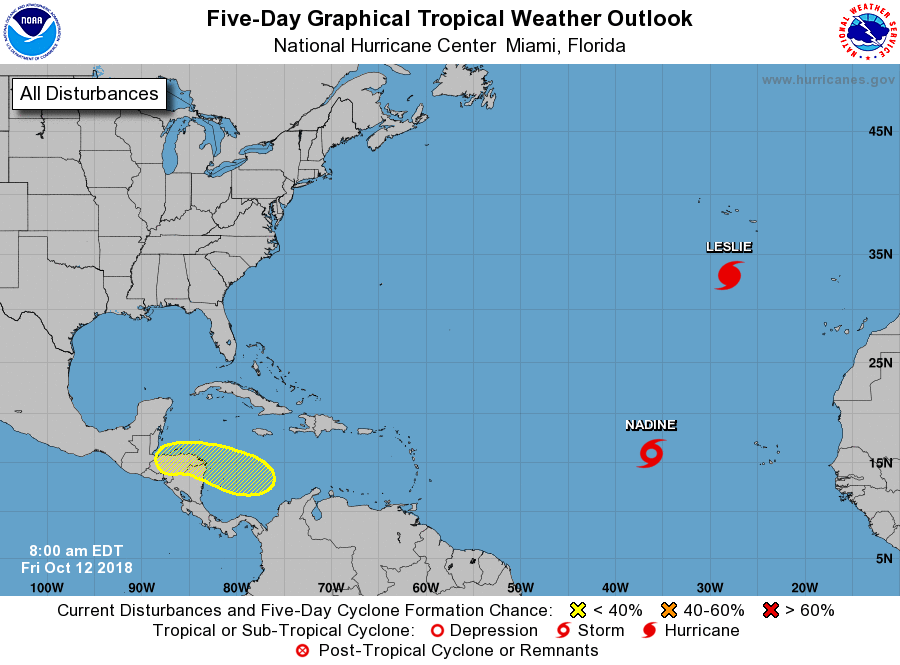
For the North Atlantic...Caribbean Sea and the Gulf of Mexico:

The National Hurricane Center has issued the last advisory on Post-Tropical Cyclone Michael located off the Mid-Atlantic coast of the United States and is issuing advisories on Hurricane Leslie, located over the eastern Atlantic Ocean, and on Tropical Storm Nadine, located over the eastern tropical Atlantic Ocean.

1. A broad area of low pressure could form over the west-central Caribbean Sea in a day or two and then move slowly westward toward Central America through early next week. Environmental conditions are becoming less favorable for tropical cyclone formation.
* Formation chance through 48 hours...low...near 0 percent.
* Formation chance through 5 days...low...20 percent.

Forecaster Avila